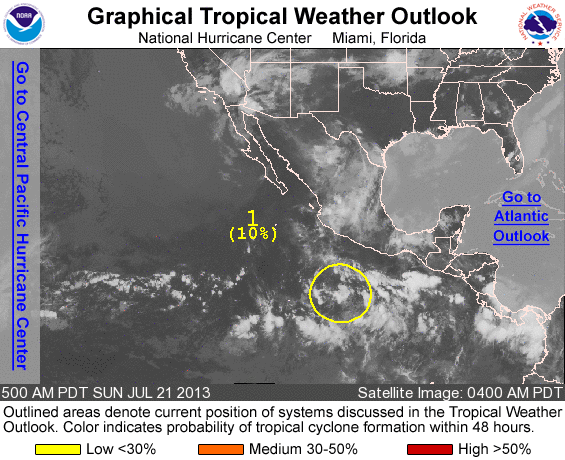
FOR THE EASTERN NORTH PACIFIC...EAST OF 140 DEGREES WEST LONGITUDE..

1. A BROAD LOW PRESSURE AREA HAS FORMED SEVERAL HUNDRED MILES SOUTH-SOUTHWEST OF ACAPULCO MEXICO. ENVIRONMENTAL CONDITIONS ARE GENERALLY FAVORABLE FOR SLOW DEVELOPMENT OF THIS LOW DURING THE NEXT COUPLE OF DAYS AS IT MOVES WEST-NORTHWESTWARD AT 10 TO 15 MPH. 1THIS SYSTEM HAS A LOW CHANCE...10 PERCENT...OF BECOMING A TROPICAL CYCLONE DURING THE NEXT 48 HOURS.

FORECASTER KIMBERLAIN